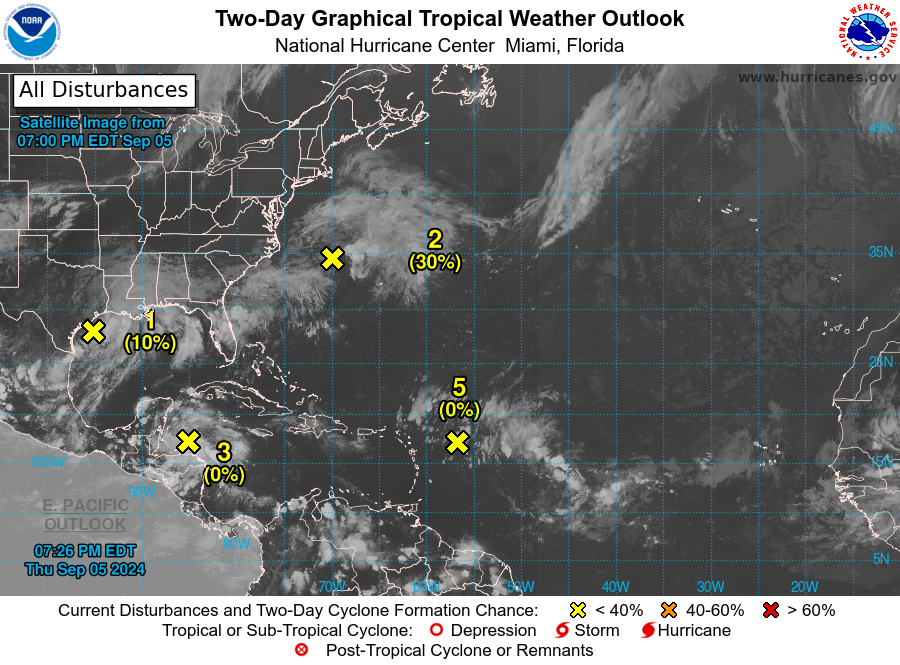
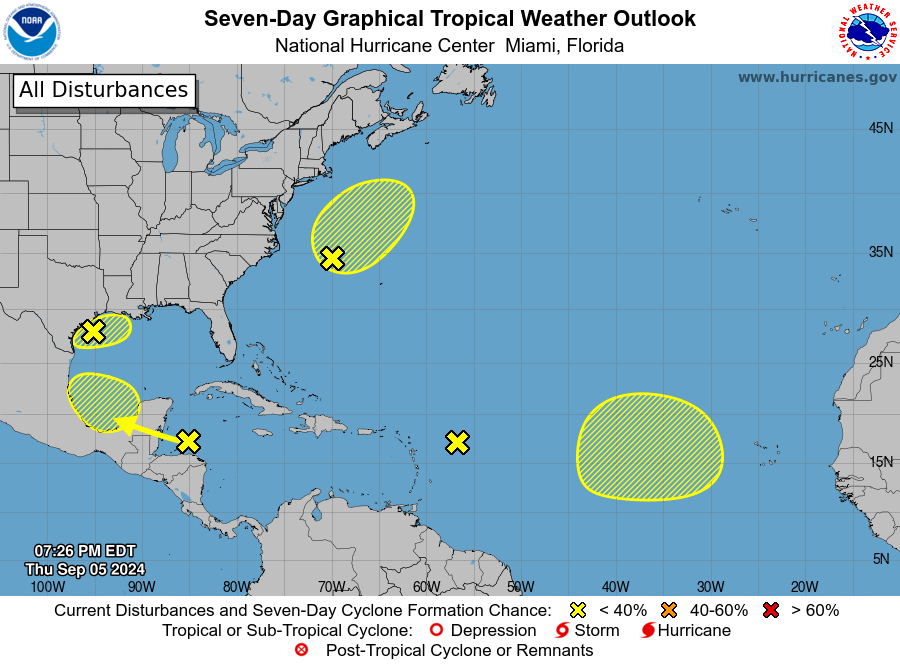
For the North Atlantic...Caribbean Sea and the Gulf of Mexico:

1. Northwestern Gulf of Mexico (AL90): A large area of disorganized showers and thunderstorms persists over the northwestern Gulf of Mexico in association with a broad area of low pressure that is interacting with a nearby weak front. Upper-level winds are expected to remain unfavorable for significant development of this system while it meanders over the northwestern Gulf and eventually merges with an approaching frontal system by late Friday or Saturday. Although tropical cyclone development is unlikely, heavy rainfall is expected to continue across portions of the northern Gulf Coast during the next day or so. Additional information on this system can be found in products issued by your local National Weather Service Forecast Office and High Seas Forecasts issued by the National Weather Service.
* Formation chance through 48 hours...low...10 percent.
* Formation chance through 7 days...low...10 percent.

2. Northwestern Atlantic (AL99): A gale-force, non-tropical area of low pressure centered a few hundred miles east of North Carolina is producing showers and thunderstorms with some signs of organization to the east of its center. This system could acquire some tropical or subtropical characteristics over the next day or two while it moves generally north-northeastward, remaining offshore of the northeastern United States. The low is expected to move over cooler waters and become associated with fronts by early Saturday, and further development is not expected. Additional information on this system, including gale warnings, can be found in High Seas Forecasts issued by the National Weather Service.
* Formation chance through 48 hours...low...30 percent.
* Formation chance through 7 days...low...30 percent.

3. Northwestern Caribbean Sea and Southwestern Gulf of Mexico: A tropical wave located over the western Caribbean Sea is producing a large area of disorganized shower and thunderstorm activity. Development is not expected before the system reaches Belize and the Yucatan Peninsula by early Friday. Some slow development is possible later this weekend after the system emerges over the southwestern Gulf of Mexico.
* Formation chance through 48 hours...low...near 0 percent.
* Formation chance through 7 days...low...20 percent.

4. Eastern Tropical Atlantic: An elongated trough of low pressure over the eastern tropical Atlantic is producing limited shower and thunderstorm activity. Development, if any, should be slow to occur during the early part of next week while the disturbance moves slowly northwestward or northward over the eastern tropical Atlantic.
* Formation chance through 48 hours...low...near 0 percent.
* Formation chance through 7 days...low...10 percent.

5. Central Tropical Atlantic: Another tropical wave located a few hundred miles east of the Leeward Islands is producing limited shower and thunderstorm activity. Development is not expected due to strong upper-level winds while the system moves west-northwestward at 10 to 15 mph during the next several days.
* Formation chance through 48 hours...low...near 0 percent.
* Formation chance through 7 days...low...near 0 percent.

High Seas Forecasts are issued by the National Weather Service under AWIPS header NFDHSFAT1 and WMO header FZNT01 KWBC, and online at ocean.weather.gov/shtml/NFDHSFAT1.php

Forecaster Reinhart